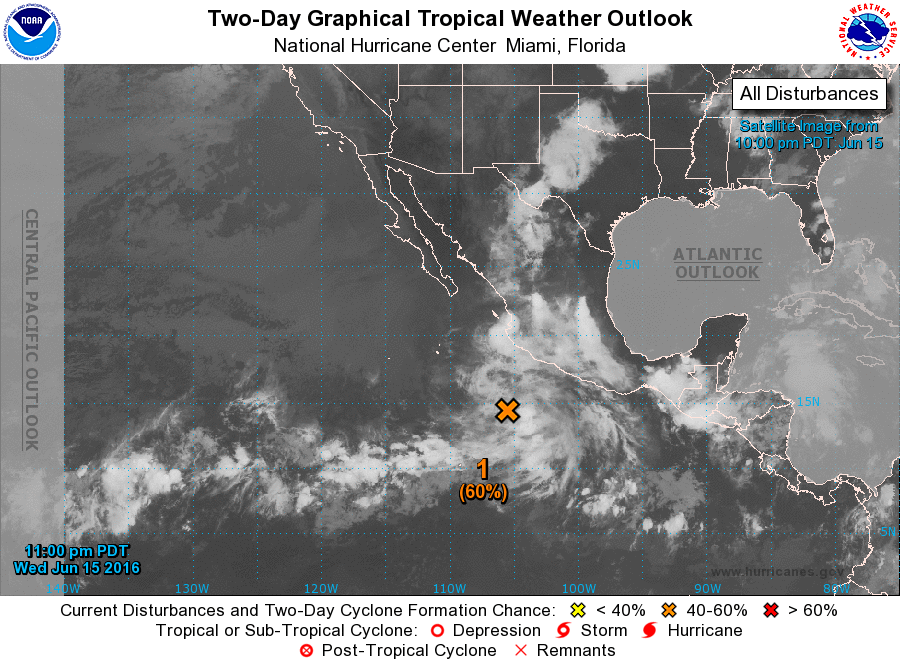
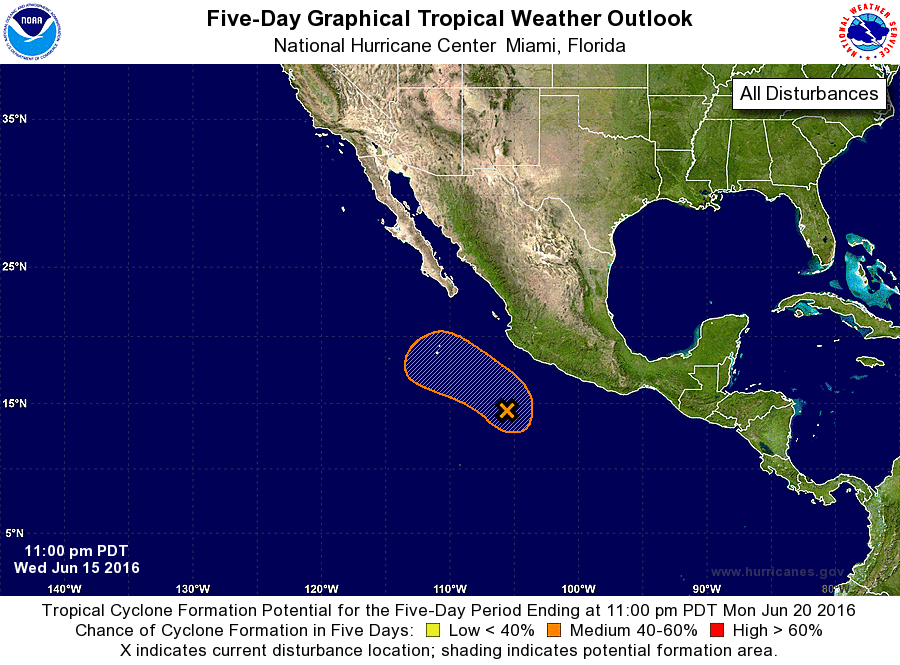
For the eastern North Pacific...east of 140 degrees west longitude:

1. Cloudiness and thunderstorms associated with a broad area of low pressure located several hundred miles south of Manzanillo, Mexico, are showing signs of organization. Environmental conditions appear to be conducive for some gradual development of this system over the next couple of days, and a tropical depression could form during the next day or two while the disturbance moves west-northwestward at 5 to 10 mph. Over the weekend, however, conditions are forecast to gradually become less conducive for tropical cyclone formation.
* Formation chance through 48 hours...medium...60 percent
* Formation chance through 5 days...medium...60 percent

Forecaster Stewart